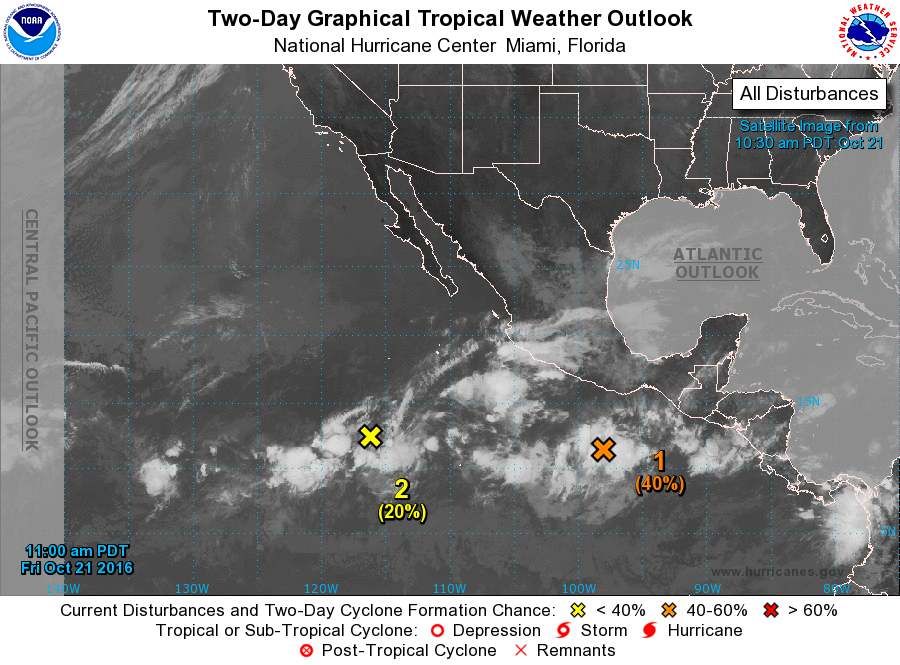
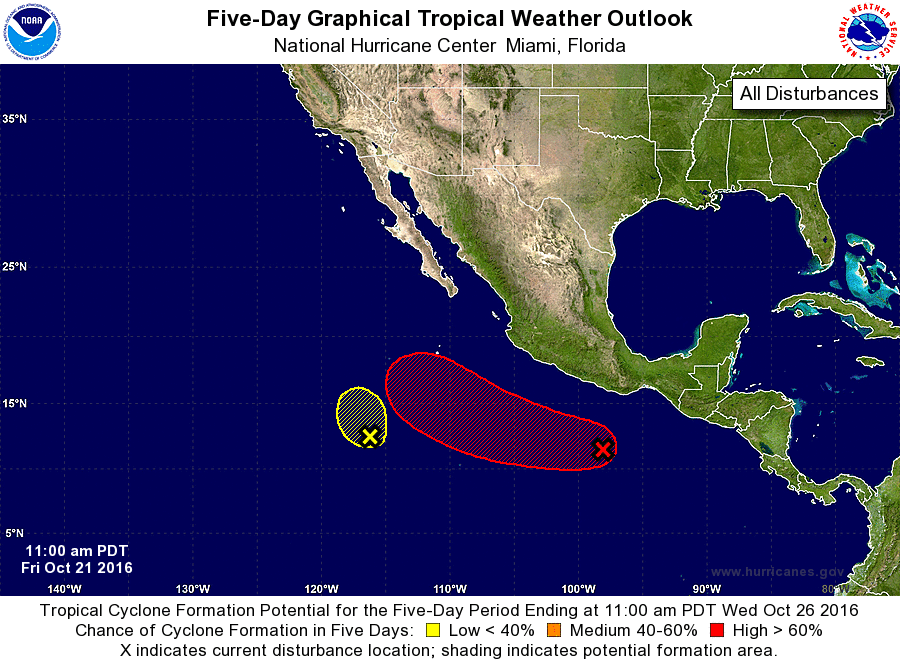
For the eastern North Pacific...east of 140 degrees west longitude:

1. Showers and thunderstorms located a few hundred miles south- southwest of the Gulf of Tehuantepec are associated with a broad area of low pressure. Environmental conditions are forecast to be generally conducive for development of this disturbance over the next few days, and a tropical depression will likely form early next week while the system moves toward the west-northwest at about 10 to 15 mph.
* Formation chance through 48 hours...medium...40 percent
* Formation chance through 5 days...high...70 percent

2. Cloudiness and showers associated with a small low pressure area centered about 775 miles south-southwest of the southern tip of the Baja California peninsula have decreased since yesterday. Any development of this system is expected to be slow to occur before upper-level winds become too strong for formation this weekend. This system is expected to drift northward or northwestward over the next several days.
* Formation chance through 48 hours...low...20 percent
* Formation chance through 5 days...low...20 percent

Forecaster Blake